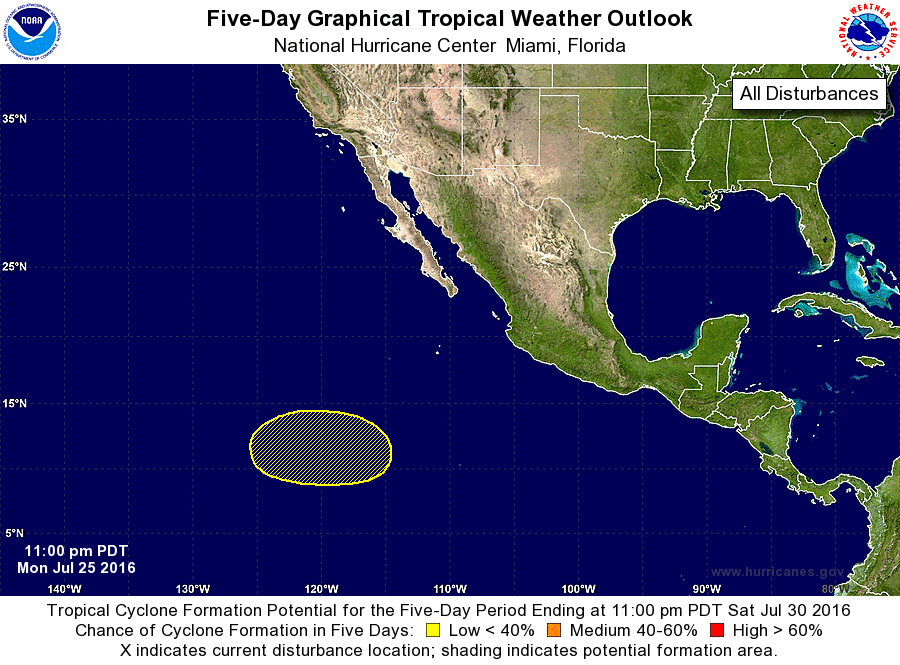
For the eastern North Pacific...east of 140 degrees west longitude:

The National Hurricane Center is issuing advisories on Tropical Storm Frank, located a few hundred miles west-southwest of the southern tip of the Baja California peninsula, and on Hurricane Georgette, located about 1200 miles west-southwest of the southern tip of the Baja California peninsula.

1. An area of low pressure could form in a few days about 1000 miles south-southwest of the southern tip of the Baja California peninsula. Some development of this system is possible by late this week or this weekend while it moves west-northwestward at about 10 mph.
* Formation chance through 48 hours...low...near 0 percent
* Formation chance through 5 days...low...30 percent

Forecaster Pasch